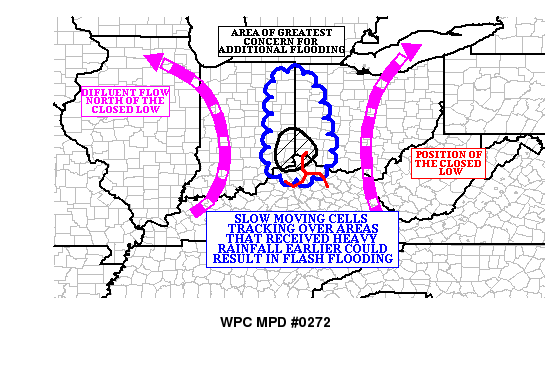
AREAS AFFECTED...EASTERN IN...WESTERN OH

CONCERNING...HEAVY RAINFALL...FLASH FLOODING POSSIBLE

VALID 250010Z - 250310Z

SUMMARY...SLOW MOVING CONVECTION TRACKING NORTH AHEAD OF CLOSED
LOW WILL MOVE OVER AREAS THAT RECEIVED HEAVY RAIN EARLIER... WHICH
COULD RESULT IN ADDITIONAL FLASH FLOODING THIS EVENING.

DISCUSSION...SLOW MOVING CONVECTION HAS PERSISTED OVER PORTIONS OF
EASTERN IN AND NEARBY WESTERN OH THIS EVENING...AS MUCAPE VALUES
REMAIN IN THE 500 J/KG RANGE. THE LATEST EXPERIMENTAL GOES-16
CLEAN IR LOOP SHOWED SLOWLY WARMING TOPS...BUT PERSISTENT DIFLUENT
FLOW NORTH OF THE CLOSED LOW OVER NORTHERN KY HAS PROVIDED
SUFFICIENT SYNOPTIC SCALE ASCENT TO MAINTAIN THE CONVECTION.

THE INSTABILITY IS HELPING TO PRODUCE RAINFALL RATES NEAR AN INCH
AN HOUR (PER THE KILN RADAR) OVER AREAS THAT RECEIVED BETWEEN 2.00
AND 4.00 INCHES OF RAINFALL (PER THE KILN STORM TOTAL RAINFALL
PRODUCT). THE LOW TOPPED STORMS HAVE BEEN VERY EFFICIENT RAIN
MAKERS...CONSIDERING PRECIPITABLE WATER VALUES HAVE REMAINED
BETWEEN 1.00 AND 1.25 INCHES (AS SEEN ON THE MOST RECENT RAP
ANALYSIS AND BLENDED TPW IMAGES).

THE LATEST HRRR SEEMED TO HAVE A GOOD HANDLE ON THE PLACEMENT OF
THE CONVECTION...AND IT SHOWS THE CELLS SLOWLY WEAKENING AS THEY
MOVE NORTH AHEAD OF THE CLOSED LOW THROUGH 03Z. THE HRRR SHOWED
LOCAL 2.00 INCH RAINFALL AMOUNTS CLOSE TO WHERE TH HEAVIER
RAINFALL OCCURRED EARLIER. BASED ON THIS...IT APPEARS AS THOUGH A
MARGINAL FLASH FLOOD RISK SHOULD REMAIN IN PLACE THROUGH THE LATE
EVENING HOURS.